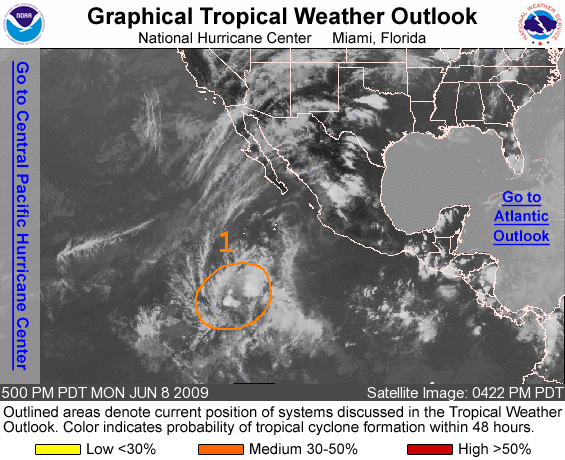
FOR THE EASTERN NORTH PACIFIC...EAST OF 140 DEGREES WEST LONGITUDE..

1. LIMITED SHOWERS AND THUNDERSTORMS CONTINUE IN ASSOCIATION WITH A BROAD AREA OF LOW PRESSURE LOCATED ABOUT 1000 MILES SOUTH-SOUTHWEST OF THE SOUTHERN TIP OF BAJA CALIFORNIA. SOME SLOW DEVELOPMENT OF THIS SYSTEM IS STILL POSSIBLE OVER THE NEXT COUPLE OF DAYS AS IT MOVES SLOWLY WEST-NORTHWESTWARD TO NORTHWESTWARD. THERE IS A MEDIUM CHANCE...30 TO 50 PERCENT...OF THIS SYSTEM BECOMING A TROPICAL CYCLONE DURING THE NEXT 48 HOURS.

ELSEWHERE...TROPICAL CYCLONE FORMATION IS NOT EXPECTED DURING THE NEXT 48 HOURS.

FORECASTER KIMBERLAIN/PASCH